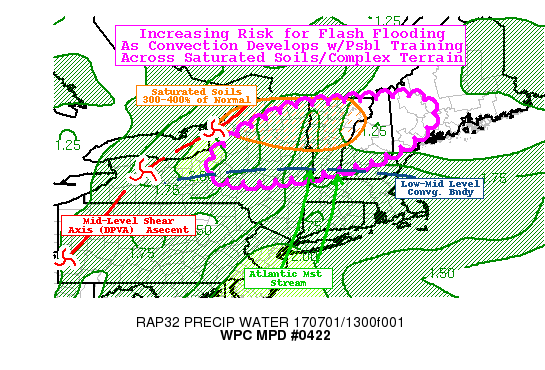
AREAS AFFECTED...EASTERN UPSTATE NY...VT...NH...WESTERN ME

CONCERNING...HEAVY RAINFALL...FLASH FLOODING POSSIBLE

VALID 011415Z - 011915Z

SUMMARY...ANOMALOUSLY MOISTURE RICH ENVIRONMENT WITH POTENTIAL OF
TRAINING CELLS NEAR/OVER SATURATED GROUNDS AND COMPLEX TERRAIN
POSE FLASH FLOODING THREAT.

DISCUSSION...EXPERIMENTAL GOES-16 WV SUITE DEPICTS HIGHLY
ELONGATED MID-LEVEL SHEAR AXIS/SHORTWAVE NE EASTERN LAKE ONTARIO
EXTENDING SOUTHWEST TOWARD WESTERN PA.  WV LOOP ALSO DENOTES NEW
ENGLAND WITHIN A WELL DEFINED ANTICYCLONIC FLOW REGIME ALOFT
SUPPORTING MODEST DIFFLUENCE AHEAD OF APPROACHING STRONGER JET
STREAK OVER OHIO VALLEY AS WELL AS WITHIN THE FAR SW EXTREMITIES
OF WEAKER EXITING JET STREAK THROUGH N ME/SE CANADA.   THIS SETUP
HAS SUPPORTED MULTIPLE STREAMS OF MOISTURE TO REACH THE AREA WITH
CIRA LAYERED PW PLOTS SHOWING LEAF SHAPE MID TO UPPER LEVEL
MOISTURE POCKET COINCIDENT WITH MODEST SHIELD OF CLOUDS/MODERATE
RAIN SHIELD OVER N AND WESTERN NY ATTM.  ADDITIONALLY... SFC-850
MB LAYER SHOWS AMPLE MST FLUX/PUMPING ALONG THE MID-ATLANTIC
SEABOARD AND HUDSON CANYON REGION OFF THE ATLANTIC DIRECTING
MOISTURE TO THE VICINITY THROUGH THE HUDSON VALLEY.  AS SUCH THERE
ARE POCKETS OF AOA 2.0" TPW CONVERGING TOWARD NORTHER NEW ENGLAND
THROUGH MID-AFTERNOON.

GOES-16 VISIBLE LOOP ALSO DEPICTS A DISTINCT EAST-WEST ORIENTED
LOW TO MID LEVEL CONVERGENCE BAND FROM THE NH COASTLINE ACROSS S
VT/MOHAWK VALLEY TO NEAR BEST MID-LEVEL VORT CENTER/TWIST JUST
EAST OF BUF.  RECENT UPTICK WAS NOTED WITH ONGOING CONVECTION
ENTERING VT AS WELL AS S ONIDA COUNTY NY...THIS BAND ALSO APPEARS
TO DEMARCATE HIGHER INSTABILITY GRADIENT WITH SBCAPES BEGINNING TO
REACH 1000 J/KG PER RAP AND 3HR RATES OVER 600 J/KG THROUGHOUT THE
AREA SOUTH OF THIS BOUNDARY.

AS THE MID-LEVEL WAVE TRACKS THROUGH NW AND N NY...STEERING FLOW
ALONG THIS BOUNDARY ALONG WITH ORIENTATION OF CONVECTIVE
DEVELOPMENT MAY SUPPORT A TRACK FOR TRAINING CONVECTION ACROSS S
CENTRAL VT/CENTRAL NH INTO WEST CENTRAL ME.  EXPECTED CONVECTIVE
GROWTH BASED ON INCREASED INSOLATION DOWNSTREAM IN NH/ME POSES
GREATEST THREAT AS CONVECTIVE DEPTH INCREASES WITH THIS HEATING.
HI-RES GUIDANCE HAS A BIT OF DISCREPANCY IN LATITUDE OF THIS
TRAINING BAND... CURRENT TRENDS (PARTICULARLY ON SOUTHERN EDGE OF
DIFFERENTIAL HEATING BOUNDARY) SUPPORT THE NSSL-WRF/ARW EVOLUTION
AND TRACK AND AS SUCH POSES THE GREATEST RISK FOR FLASH FLOODING
AS RAIN RATES INCREASE TO 1.5-2.0"/HR LEADING TO SWATHS OF 2-4"
TOTALS THROUGH 21Z.

THOUGH THERE REMAINS SOME CONCERN THAT A MORE NORTHERLY TRACK
ACROSS THE CENTRAL ADIRONDACK MOUNTAINS INTO N VT MAY EXIST.
GIVEN PRIOR BOUTS OF HVY RAINS/FLOODING WITHIN THE LAST WEEK
(300-400% OF NORMAL IN LAST 7 DAYS PER AHPS) THERE IS A HIGHER
SUSCEPTIBLE TO ENHANCED RISK OF FLASH FLOODING WITH GREATER RUNOFF
GIVEN SATURATED/HYDROPHOBIC GROUND CONDITIONS.